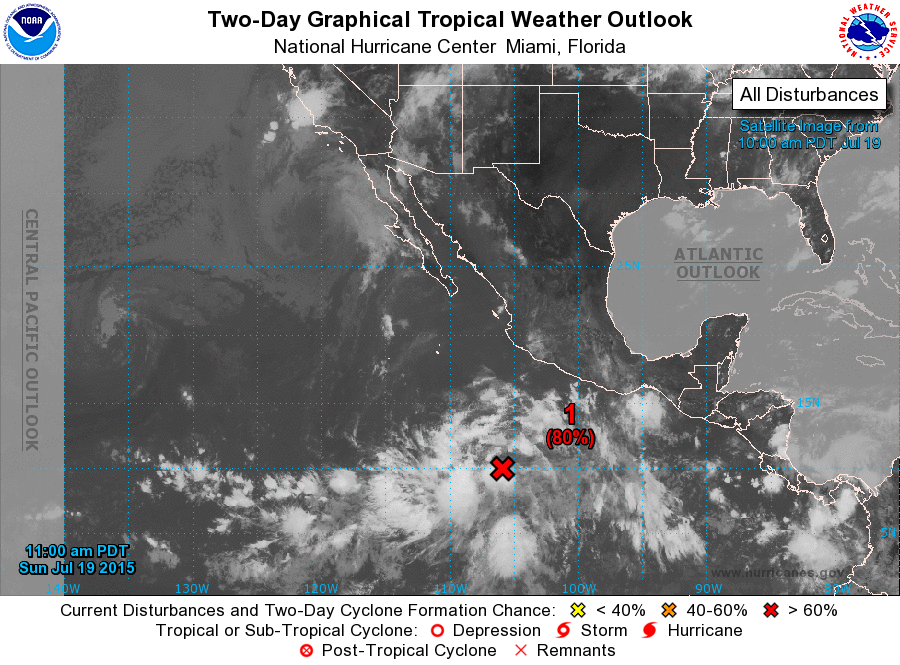
For the eastern North Pacific...east of 140 degrees west longitude:

1. Showers and thunderstorms associated with a broad area of low pressure located about 650 miles southwest of Acapulco, Mexico, are gradually becoming better organized. Environmental conditions are expected to remain conducive for development, and a tropical depression is likely to form during the next day or so while the system moves northwestward at about 10 mph.
* Formation chance through 48 hours...high...80 percent
* Formation chance through 5 days...high...90 percent

Forecaster Brown